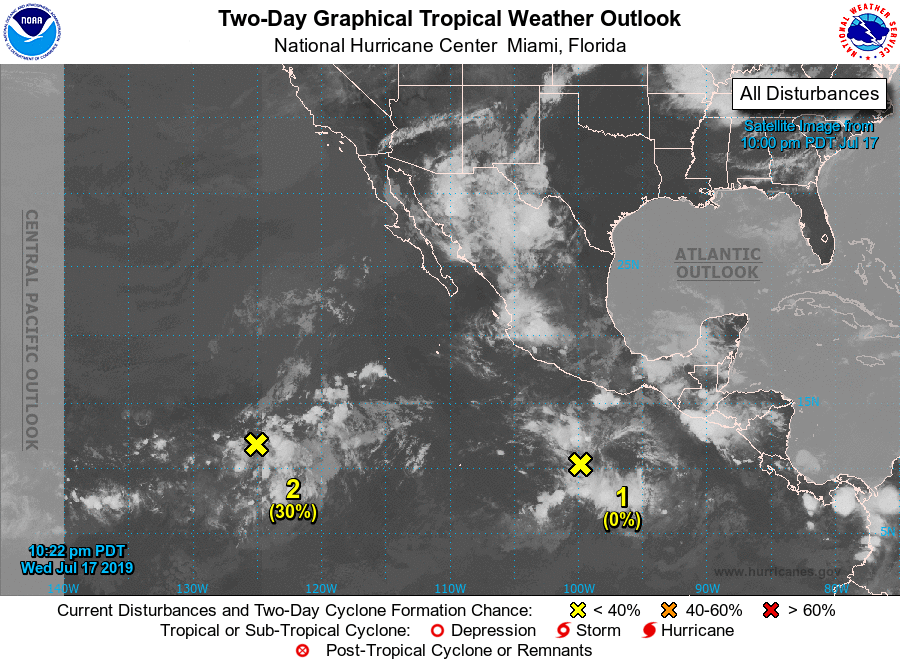
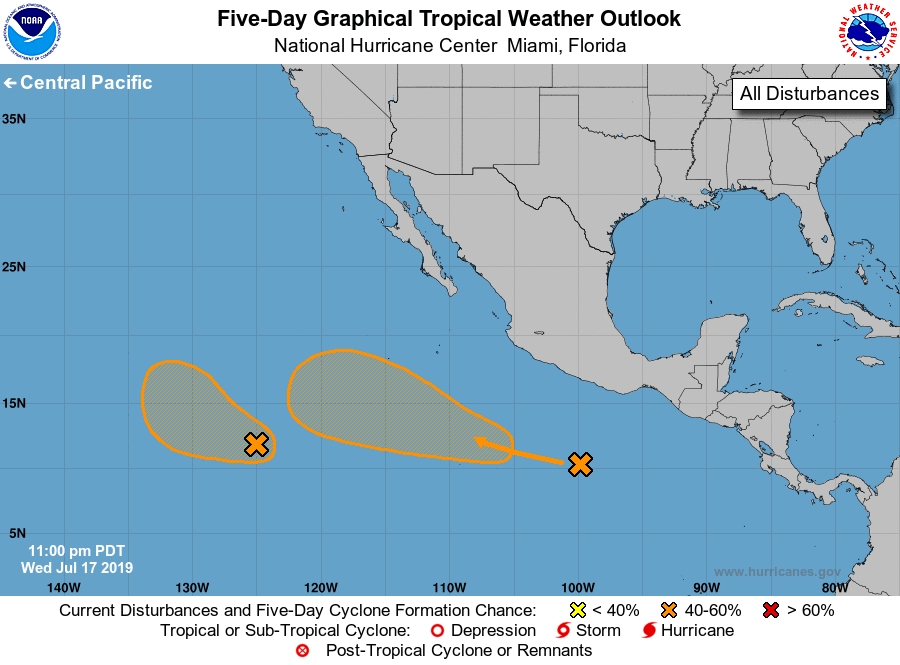
For the eastern North Pacific...east of 140 degrees west longitude:

1. A tropical wave located a few hundred miles south of Acapulco is producing disorganized showers and thunderstorms. Environmental conditions are forecast to become more conducive for gradual development, and a tropical depression could form over the weekend or early next week. This disturbance is forecast to move westward to west-northwestward at 10 to 15 mph, well south of the coast of Mexico.
* Formation chance through 48 hours...low...near 0 percent.
* Formation chance through 5 days...medium...40 percent.

2. Disorganized showers and a few thunderstorms continue in association with a low pressure area centered about 1300 miles southwest of the southern tip of the Baja California peninsula. Upper-level winds appear to be conducive for further development, and a tropical depression could form during the next two or three days while the disturbance moves west-northwestward or northwestward at 10 to 15 mph. After that time, cool water temperatures are forecast to prevent development.
* Formation chance through 48 hours...low...30 percent.
* Formation chance through 5 days...medium...40 percent.

Forecaster Blake